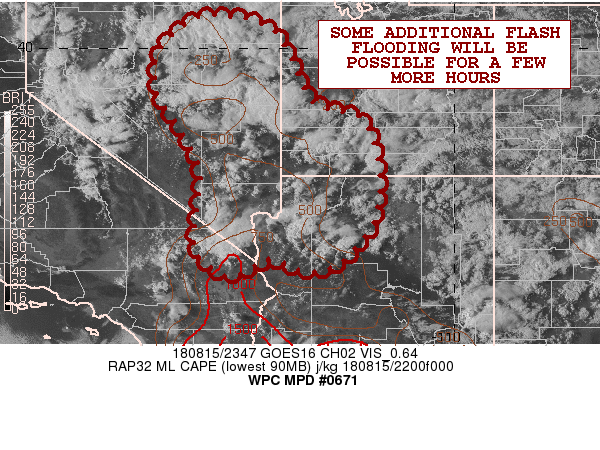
Areas affected...Northwest AZ...Eastern CA...Southwest UT...NV

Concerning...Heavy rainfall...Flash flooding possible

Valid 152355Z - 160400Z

Summary...Heavy showers and thunderstorms will continue for few
more hours. Some additional flash flooding is possible.

Discussion...Late-day GOES-16 visible satellite imagery shows an
expansive area of shower and thunderstorm activity ongoing across
the broader region of the Southwest U.S., with some of the more
concentrated activity occurring over northwest AZ, far eastern CA,
central and southern NV and southwest UT. The convection has been
developing and evolving within an unstable boundary layer, with
MLCAPE values locally exceeding 1000 j/kg and in relatively close
proximity to a couple of MCVs.

The boundary layer has been rather dry and contributing to rather
large dewpoint depressions, but the relatively concentrated degree
of 500/700 mb layer moisture as denoted in the CIRA-LPW product is
helping the more organized and deeper convective cores to be more
efficient in generating heavier rainfall rates which have been
exceeding 1 inch/hr. The convection has been rather slow-moving
owing to weak mean-layer flow, and there has been the added
contribution of orographics in allowing some locally focused areas
of heavy rainfall.

Convection will continue to gradually exhaust the available
instability going through the evening hours, but there will
remains concerns for some additional flash flooding for a few more
hours. The more prone areas will remain the burn scar areas, dry
washes and local slot canyons.